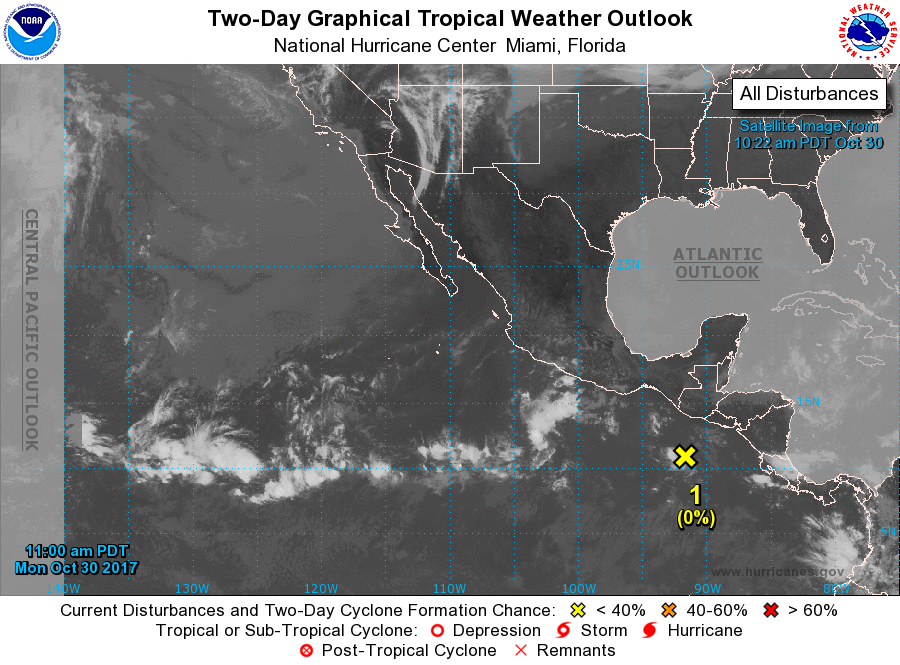
For the eastern North Pacific...east of 140 degrees west longitude:

1. A small low pressure system located a couple of hundred miles south-southwest of the coast of Guatemala is producing limited showers and thunderstorms while drifting west-northwestward. Development of this system is not anticipated due to proximity of dry, stable air.
* Formation chance through 48 hours...low...near 0 percent.
* Formation chance through 5 days...low...near 0 percent.

Forecaster Roberts